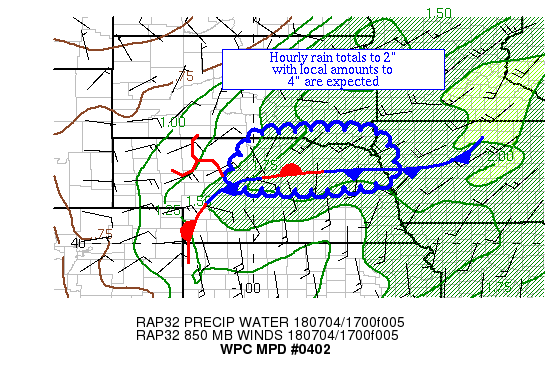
AREAS AFFECTED...NORTHERN NE & VICINITY

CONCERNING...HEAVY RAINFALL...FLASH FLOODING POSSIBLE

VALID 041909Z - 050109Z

SUMMARY...ELEVATED CONVECTION APPEARS TO BE IN THE PROCESS OF
BECOMING MORE SURFACE-BASED AND INTENSIFYING.  HOURLY RAIN TOTALS
TO 2" WITH LOCAL AMOUNTS TO 4" ARE EXPECTED.

DISCUSSION...CONVECTION APPEARS TO BE INTENSIFYING AND TRYING TO
ALIGN AS OF LATE NEAR THE CENTRAL AND EASTERN NE/SD BORDER,
ELEVATED OVER A STATIONARY FRONT.  WATER VAPOR IMAGERY SHOWS A
SHORTWAVE MOVING ACROSS THE DAKOTAS WITH ANOTHER APPROACHING FROM
THE WEST-SOUTHWEST ACROSS NORTHWEST NE.  CIN IS ERODING ACROSS THE
REGION PER SPC MESOANALYSES AND CUMULI APPEAR TO BE FORMING CLOSER
TO THE FRONT SOUTH OF THE ONGOING CONVECTION CLOSER TO THE ML CAPE
GRADIENT.  PRECIPITABLE WATER VALUES OF 1.5-1.75" LURK ACROSS THE
AREA PER GPS VALUES AND RAP MASS FIELDS.  INFLOW AT 850 HPA IS
20-25 KNOTS FROM THE SOUTH TO SOUTHWEST PER VAD WIND PROFILES IS
IMPORTING 2000-4000 ML CAPE PER SPC MESOANALYSES.  EFFECTIVE BULK
SHEAR IN THE REGION IS 30-40 KTS.

THE 12Z HREF PROBABILITIES OF 1"+ OF RAIN IN AN HOUR HAVE BEEN
INSISTING THAT OVERNIGHT CONVECTION SHOULD HAVE FADED BY NOW AND
THAT NEW CONVECTION WOULD FLOURISH AFTER 21Z -- IT APPEARS TO BE A
FEW HOURS AHEAD OF SCHEDULE WHEN COMPARING ONGOING RADAR IMAGERY
TO THE MODEL FIELDS.  WHAT APPEARS MORE LIKELY IS THAT
SURFACE-BASED CONVECTION WOULD DEVELOP SHORTLY ACROSS NORTHERN NE
WHICH WOULD SPREAD EASTWARD ACROSS THE STATE WITH TIME, PERHAPS
CLIPPING SOUTHEASTERNMOST SD AND NORTHWEST IA IN THE PROCESS.  THE
MESOSCALE GUIDANCE GENERALLY AGREES ON LOCAL AMOUNTS IN THE 3"
RANGE, BUT THAT ASSUMES THAT CONVECTION IS NOT OCCURRING NOW.
HOURLY RAIN TOTALS TO 2" WITH LOCAL AMOUNTS TO 4" SEEM MORE
REALISTIC.  THIS WOULD CHALLENGE FLASH FLOOD GUIDANCE, OUTSIDE OF
THE NE SANDHILLS.